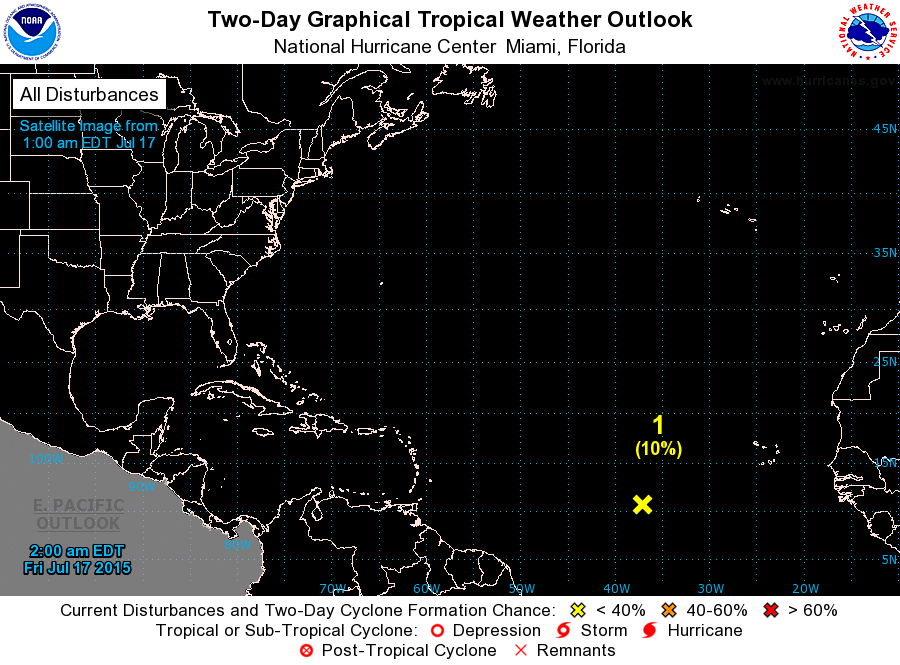
For the North Atlantic...Caribbean Sea and the Gulf of Mexico:

1. A westward-moving tropical wave located more than 1000 miles west-southwest of the Cape Verde Islands is producing disorganized cloudiness and showers. Environmental conditions are expected to be marginally conducive for some slow development of this disturbance through the weekend, with upper-level winds becoming less favorable early next week.
* Formation chance through 48 hours...low...10 percent
* Formation chance through 5 days...low...20 percent

Forecaster Pasch